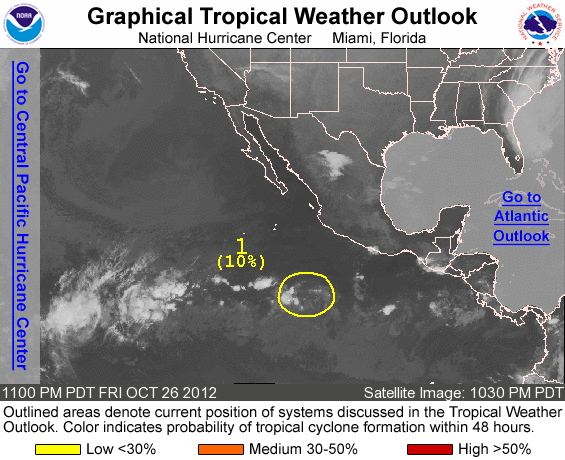
FOR THE EASTERN NORTH PACIFIC...EAST OF 140 DEGREES WEST LONGITUDE..

1. A WEAK AREA OF LOW PRESSURE LOCATED ABOUT 600 MILES SOUTH-SOUTHWEST OF MANZANILLO MEXICO IS PRODUCING LIMITED SHOWER AND THUNDERSTORM ACTIVITY. DEVELOPMENT...IF ANY...OF THIS SYSTEM IS EXPECTED TO BE SLOW TO OCCUR AS IT MOVES WEST-NORTHWESTWARD AT 10 TO 15 MPH. THIS SYSTEM HAS A LOW CHANCE...10 PERCENT...OF BECOMING A TROPICAL CYCLONE DURING THE NEXT 48 HOURS.

ELSEWHERE...TROPICAL CYCLONE FORMATION IS NOT EXPECTED DURING THE NEXT 48 HOURS.

FORECASTER CANGIALOSI